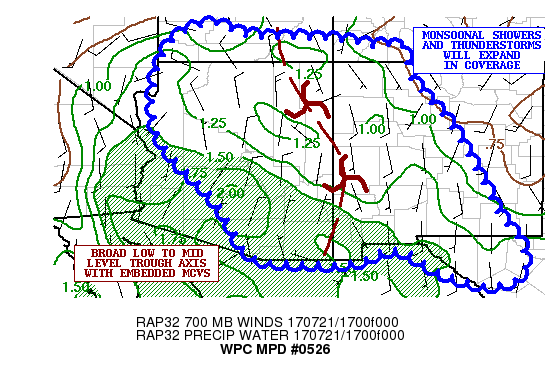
AREAS AFFECTED...SOUTHWEST TX...NM...AZ...FAR SOUTHERN UT...FAR
SOUTHWEST CO

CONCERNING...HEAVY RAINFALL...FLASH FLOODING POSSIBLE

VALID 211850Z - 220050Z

SUMMARY...MONSOONAL SHOWERS AND THUNDERSTORMS WILL DEVELOP AND
EXPAND ACROSS THE SOUTHWEST THIS AFTERNOON AND CONTINUE INTO THE
EVENING. INTENSE RAINFALL RATES UP TO 2 INCHES/HR WILL AGAIN FAVOR
CONCERNS FOR FLASH FLOODING.

DISCUSSION...EXPERIMENTAL GOES-16 MICRON/IR SATELLITE IMAGERY
SHOWS SCATTERED AREAS OF THUNDERSTORMS DEVELOPING OVER AREAS OF
SOUTHWEST TX...CENTRAL/SOUTHERN NM AND WESTWARD INTO AZ ADJACENT
AREAS OF SOUTHERN UT AND FAR SOUTHWEST CO. THE CONVECTIVE
INITIATION WILL CONTINUE TO ENSUE THROUGH THE AFTERNOON AND EXPAND
IN COVERAGE AS PLENTY OF MONSOONAL MOISTURE REMAINS IN PLACE. THE
15Z CIRA-LPW DATA ALONG WITH MORNING 12Z RAOB DATA CONFIRMS THE
PERSISTENCE OF A RATHER DEEP COLUMN OF MOISTURE THAT REMAINS
RATHER CONCENTRATED UP IN THE 500/300 MB LAYER. THIS WILL AGAIN
FAVOR EFFICIENT RAINFALL PROCESSES THAT WILL LEAD TO ENHANCED
RAINFALL RATES. PWATS ARE RUNNING 1.5 TO 2.5 STANDARD DEVIATIONS
ABOVE NORMAL WITH THE HIGHEST ANOMALIES NOTED OVER SOUTHEAST AZ
AND SOUTHWEST NM.

THE CONVECTIVE MODE THIS AFTERNOON AND EVENING WILL AGAIN BE OF
THE PULSE TO MULTI-CELLULAR NATURE GIVEN RATHER WEAK SHEAR/WIND
FIELDS ALOFT...BUT THE RAINFALL RATES ARE LIKELY TO BE UPWARDS OF
2 INCHES/HR WITHIN THE STRONGER INSTABILITY DRIVEN CORES GIVEN THE
LEVEL OF MOISTURE IN PLACE.

THE LATEST EXPERIMENTAL GOES-16 0.64 MICRON/VIS SATELLITE IMAGERY
IS SHOWING MULTIPLE MCVS RESULTING FROM PRIOR CONVECTION OVER THE
LAST 24 HOURS...WITH ONE NOTE JUST EAST OFF THE AZ/NM BORDER
NORTHWEST OF SILVER CITY...AND ANOTHER ONE OVER NORTHEAST AZ
NORTHEAST OF THE MOGOLLON RIM. THESE CONVECTIVE VORTS ARE EMBEDDED
WITHIN A BROAD LOW/MID LEVEL TROUGH AXIS OVER THE REGION AND THE
BROADER CYCLONIC FLOW COUPLED WITH THE SMALL SCALE VORT
ENERGY/FORCING SHOULD FACILITATE BROADER CONVECTIVE COVERAGE WITH
SOME LOCALLY FOCUSED AREAS OF STRONGER CONVECTIVE CORES AS
STRONGER DIURNAL HEATING COMMENCES.

GIVEN THE AFOREMENTIONED RAINFALL RATES...FLASH FLOODING WILL
AGAIN BE A CONCERN OVER AREA DRY WASHES/ARROYOS AND ALSO THE MORE
FAVORED HIGHER TERRAIN INCLUDING THE MOGOLLON RIM. THE LATEST
HIRES MODEL CONSENSUS FROM THE ARW/NMMB AND NSSL-WRF...ALONG WITH
RECENT HRRR GUIDANCE SUPPORTS AS MUCH AS 2 TO 3 INCHES OF RAIN
LOCALLY THROUGH 00Z...WITH SOME ISOLATED HEAVIER AMOUNTS NOT OUT
OF THE QUESTION.